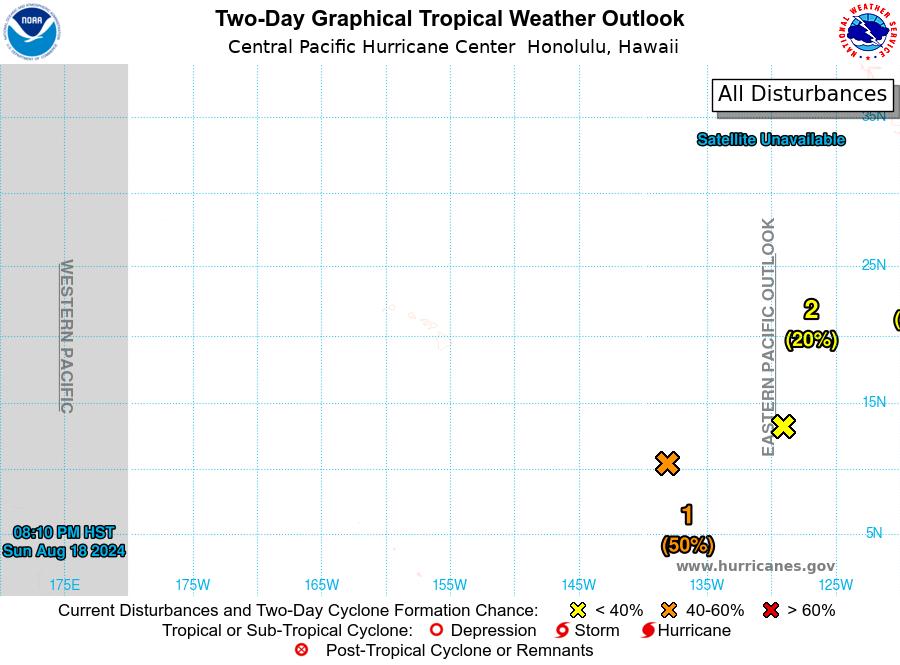
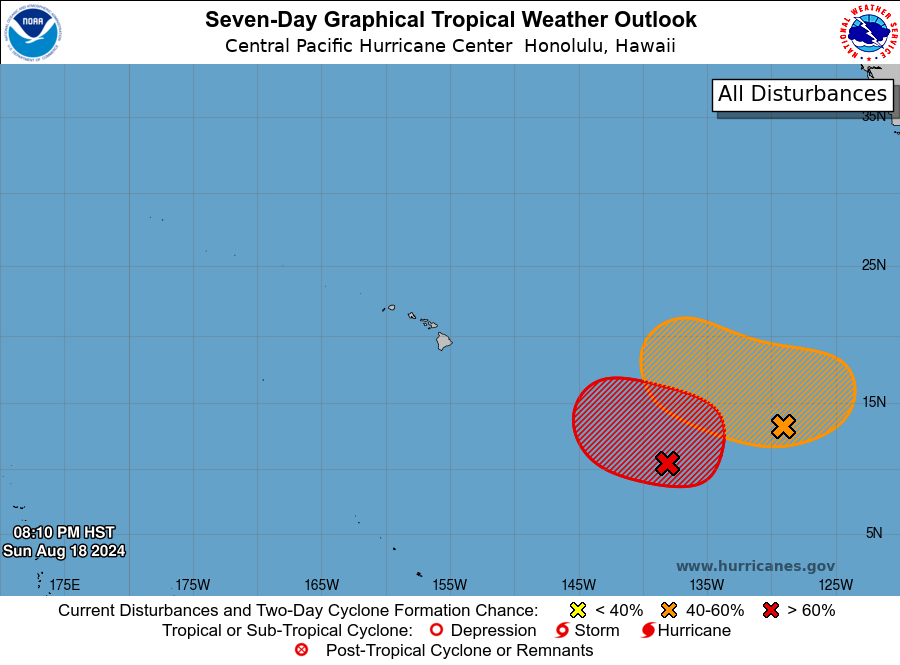
For the central North Pacific...between 140W and 180W:

1. Approximately 1300 miles southeast of Hilo, Hawaii (EP90): Showers and thunderstorms are showing some signs of organization in association with a low pressure system located well southeast of the Hawaiian Islands. This disturbance is forecast to interact with a disturbance located to its east-northeast. If this system becomes the dominant disturbance, some gradual development is possible, and a tropical depression could form in the next couple of days while it initially moves slowly over the western portion of the East Pacific. A faster west-northwestward motion into the Central Pacific basin is likely by the latter portion of the week.
* Formation chance through 48 hours...medium...50 percent.
* Formation chance through 7 days...high...70 percent.

2. Approximately 1700 miles southeast of Hilo, Hawaii: Disorganized showers and thunderstorms continue in association with a broad trough of low pressure located well west-southwest of the southern tip of the Baja California peninsula. This system is forecast to interact with another disturbance to its west-southwest over the next few days which could limit additional development. Regardless, a tropical depression could form during the middle part of the week while the system moves slowly west-northwestward before it possibly merges with the disturbance currently located farther west.
* Formation chance through 48 hours...low...20 percent.
* Formation chance through 7 days...medium...40 percent.

Elsewhere, no tropical cyclones are expected during the next 7 days.

Forecaster Gibbs